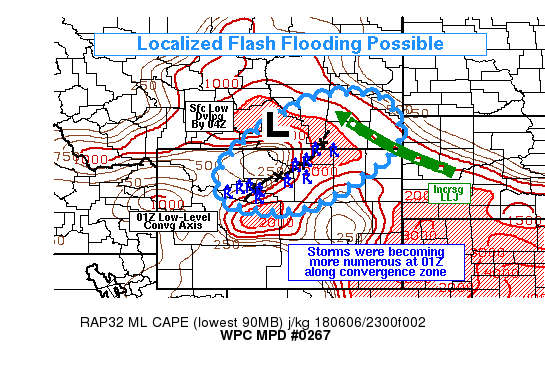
AREAS AFFECTED...NORTHERN WYOMING...SOUTHEAST MONTANA

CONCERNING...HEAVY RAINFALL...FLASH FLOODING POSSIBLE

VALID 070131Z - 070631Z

SUMMARY...THUNDERSTORMS MAY PERSIST INTO THE EVENING ACROSS THE
WYOMING-MONTANA BORDER REGION...AND THE SLOW STORM MOTIONS MAY
PROMOTE LOCALIZED FLASH FLOODING. RAIN RATES WILL REACH 1-2 IN/HR
WITH THE SLOWER MOVING THUNDERSTORMS.

DISCUSSION...LATEST OBJECTIVE RAP ANALYSIS SHOWS A CORRIDOR OF
HIGHER 850-750MB THETAE STRETCHING FROM NEAR KRIW... TO JUST EAST
OF KSHR... AND EXTENDING INTO SOUTHEAST MONRANA. A CORRESPONDING
MAXIMUM IN MLCAPE (2000-2500 J/KG) ALSO EXISTED IN THE SAME SWATH
ALONG A LOW-LEVEL CONVERGENCE AXIS (INDICATED BY SURFACE WIND
OBSERVATIONS). THIS LEVEL OF INSTABILITY IS CLIMATOLOGICALLY VERY
HIGH FOR INTERIOR WYOMING...AS SHOWN IN THE RIVERTON SOUNDING
CLIMATOLOGY. THE STRONG INSTABILITY WAS LIKELY CONTRIBUTING TO
STORM ORGANIZATION AND RAP FORECASTS SHOW THAT FAIRLY STRONG
INSTABILITY SHOULD BE MAINTAINED INTO SOUTHEAST MONTANA TONIGHT.

SOME CONVECTIVE CLUSTERS APPEARED TO BE ANCHORED TO TERRAIN...LIKE
THE BIGHORN MOUNTAINS...AND THAT WAS CONTRIBUTING TO THE LOCALIZED
FLASH FLOOD THREAT. THIS MAY CONTINUE...BUT THE MAINTENANCE OF THE
LOW-LEVEL CONVERGENCE AXIS AND INCREASING CONVERGENCE NEAR A
DEVELOPING SURFACE LOW IN SOUTHEAST MONTANA SHOULD ALSO BE
SUFFICIENT TO SOMEWHAT ANCHOR CONVECTION IN THE ABSENCE OF
SIGNIFICANT TERRAIN FEATURES. ADDITIONALLY...MODELS DO SHOW
INCREASING LOW-LEVEL INFLOW IN SOUTHEAST MONTANA AS THE SURFACE
LOW DEVELOPS IN THE NEXT SEVERAL HOURS...WITH A CORRESPONDING
INCREASE IN THE PRECIPITABLE WATER VALUES. ALL THIS MAY ENABLE
CONVECTIVE CLUSTERS TO BUILD OR DEVELOP INTO SOUTHEAST MONTANA
WITH A CONTINUED FLASH FLOOD THREAT BEYOND WHAT IS ALREADY BEING
OBSERVED IN NORTHERN WYOMING.

MRMS AND KRIW RADAR DUAL POL ESTIMATES ALREADY SHOW LOCALIZED
AREAS OF 1-2 IN/HR RAIN RATES...AND THE ENVIRONMENT AND STORM
MOTIONS SHOULD CONTINUE TO SUPPORT THIS. ALTHOUGH CONVECTIVE
COVERAGE MAY BEGIN TO WANE IN THE NEXT COUPLE HOURS WITH
SUNSET...THE LOW-LEVEL FORCING MECHANISMS AND AMPLE INSTABILITY
SUGGEST THAT SOME CONVECTION COULD LINGER BEYOND 03Z WITH A
CONTINUED FLASH FLOOD THREAT. PORTIONS OF THIS AREA HAVE BEEN
UPGRADED TO A SLIGHT RISK OF EXCESSIVE RAINFALL ON THE DAY 1 ERO.